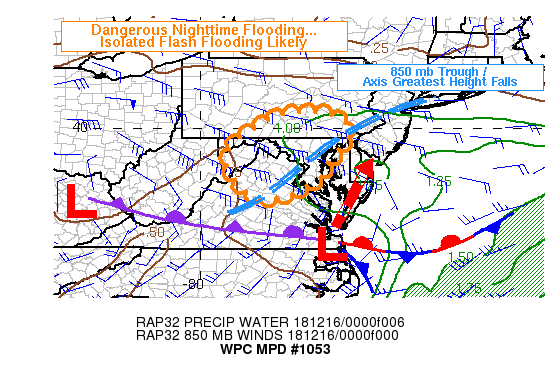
Areas affected...NRN VA...WASH DC...NRN MD...ERN WV...SRN PA

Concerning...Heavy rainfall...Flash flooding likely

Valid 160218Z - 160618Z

Summary...Reports of road closures, water flowing over roads, and
streams reaching bankful had escalated Saturday evening. Continued
moderate rainfall overnight will mean additional flooding and
isolated flash flooding.

Discussion...At 01Z WPC had upgraded portions of the mid Atlantic
to a Slight Risk of excessive rainfall overnight. Slight refers to
an increase in the neighborhood probability of exceeding flash
flood guidance. Certainly stronger wording could be used locally,
as singular impacts were already being felt, and are sure to
continue.

Twelve-hour NSSL precipitation estimates depicted 1 to 2 inches of
rain, locally greater than 2 inches, across Washington D.C. and
suburbs, extending north and west into VA/MD. Overnight this
region will remain amidst the greatest deep layer height falls
associated with the eastward migration of an upper low in the Ohio
Valley, as surface low pressure lifts along the mid-Atlantic
coast. The RAP lifts the surface low into southern Maryland,
tightening low level gradients, resulting in strengthened
frontogenesis along an arc from northern VA to southeast PA
through 06Z. The 00Z HRRR and 12Z NSSL WRF were handling the rain
distribution best of the hi-res models, and they paint additional
amounts up to 1 inch through 06Z along and west of I-95, with
rates generally near or under a half inch per hour at any given
location. This will include some extension of heavier rates into
some of the mountain upslope areas in western MD and eastern WV,
where FFG was also very low. Rates greater than half inch per hour
are possible near and east of I-95 where the environment appears
increasingly supportive of convective enhancement.

Of main concern is the increased number of reports of flooding,
and at least one report of a water rescue and deep water flowing
over a roadway in Maryland. Additional such events seem likely
given the wet soils and swollen river systems.